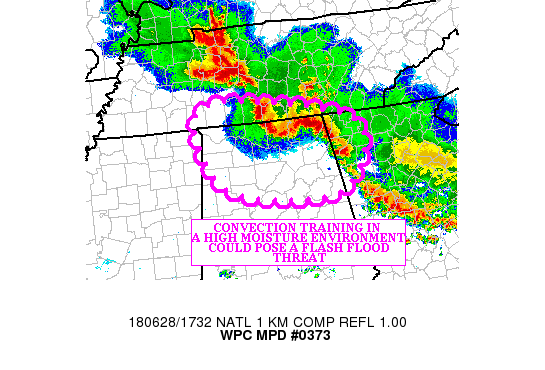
AREAS AFFECTED...NORTHERN AL...NORTHWEST GA

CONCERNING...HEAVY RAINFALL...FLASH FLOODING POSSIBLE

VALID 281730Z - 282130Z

SUMMARY...CONVECTION TRAINING ALONG A LINE IN A HIGH MOISTURE
ENVIRONMENT COULD RESULT IN A FLASH FLOOD THREAT THIS AFTERNOON.

DISCUSSION...REGIONAL RADARS OVER TN/GA/AL SHOWED A BOWING LINE OF
CONVECTION CROSSING PORTIONS OF SOUTH CENTRAL TN ABOUT TO ENTER
NORTHERN AL. THE CONVECTION REMAINS STRONG...AS THE GOES-16 CLEAN
IR LOOP SHOWED CLOUD TOP TEMPERATURES NEAR MINUS 75 DEGREE
CELSIUS. THE CONVECTION WAS IN AN  AXIS OF 1.75/2.00 PRECIPITABLE
WATER AIR ALONG THE TN/AL BORDER. IN THIS AREA...THE KOHX RADAR
SHOWED HOURLY RAINFALL RATES BETWEEN 1.50/2.00 INCHES.

WHILE THE CONVECTION IS BOWING TO THE SOUTH...IT HAS RECENTLY
SHOWN SIGNS OF TRAINING NEAR THE TN/AL BORDER. THE SHORT TERM
TRAINING ALONG THE BOW SUPPORTS THE THREAT FOR FLASH FLOODING OVER
THIS REGION...DESPITE RELATIVELY HIGH FLASH FLOOD GUIDANCE VALUES
(GENERALLY BETWEEN 2.00 AND 3.00 INCHES). THE MOST RECENT
HRRR/EXPERIMENTAL HRRR SHOWED LOCAL RAINFALL AMOUNTS NEAR 3.00
INCHES OVER PORTIONS OF NORTHERN AL...AND BASED ON RADAR
TRENDS...THESE AMOUNTS SEEM PLAUSIBLE.

WIND AND HAIL MAY REMAIN THE PRIMARY THREATS WITH THE CONVECTION
AS IT DROPS SOUTH INTO NORTHERN AL...BASED ON THE DISTRIBUTION OF
THE INSTABILITY IN THE COLUMN. HOWEVER...THE DEEP MOISTURE IN
PLACE...AND THE POTENTIAL FOR SHORT TERM TRAINING...SUGGEST THAT
FLASH FLOODING IS POSSIBLE THIS AFTERNOON.